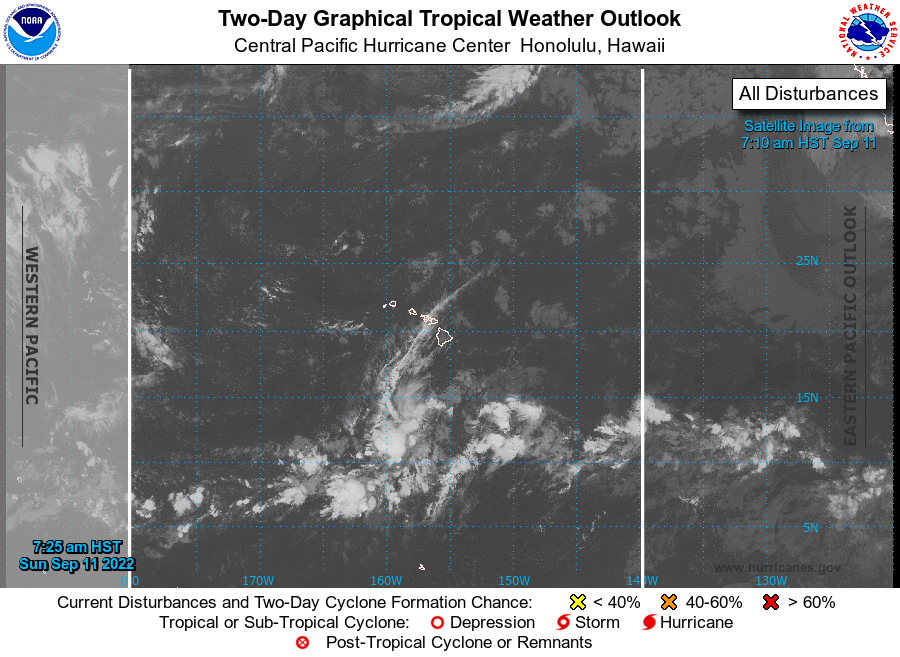
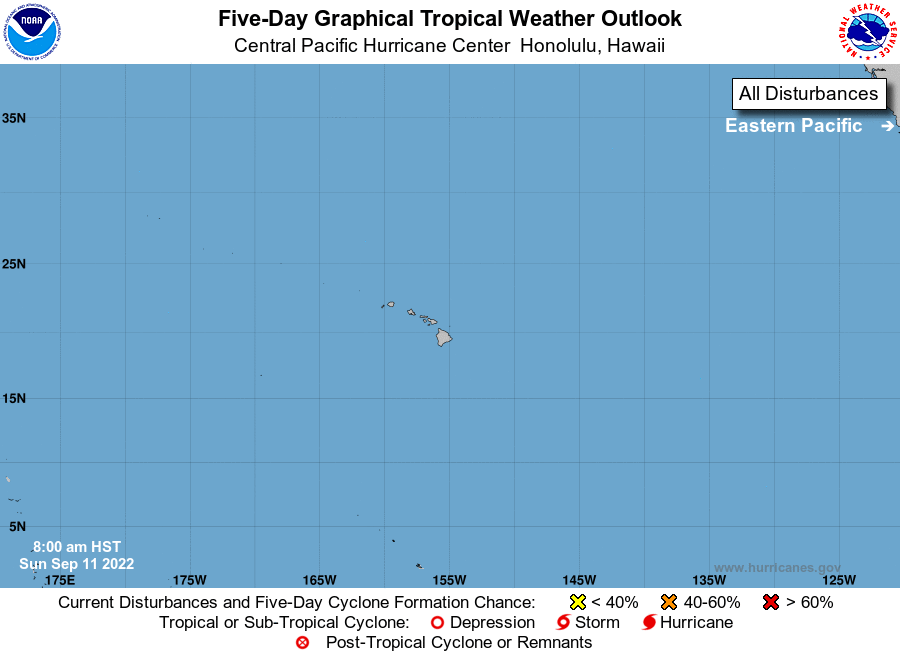
For the central North Pacific...between 140W and 180W:

No tropical cyclones are expected during the next 5 days.

Forecaster Foster